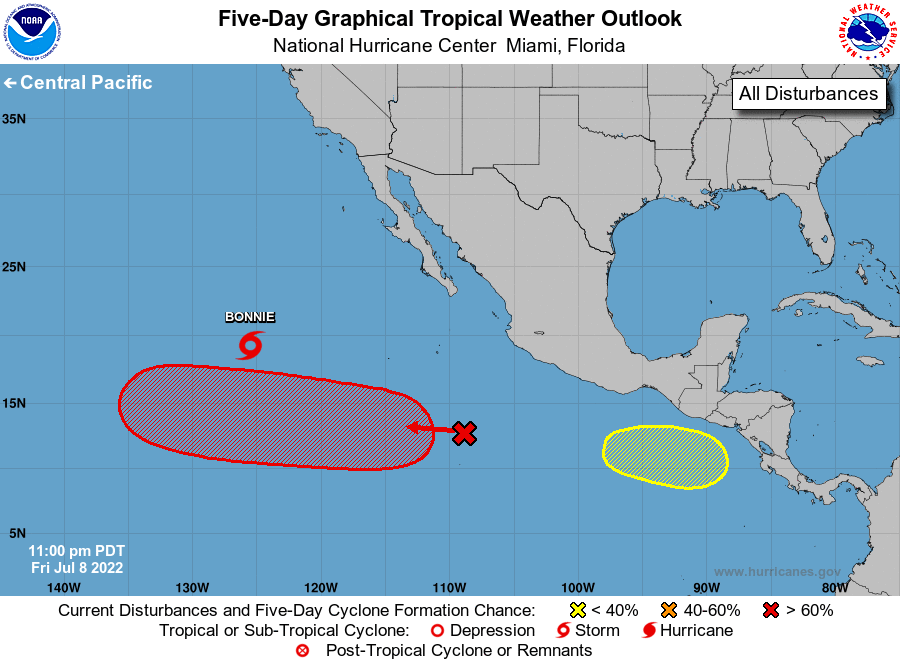
For the eastern North Pacific...east of 140 degrees west longitude:

Active Systems: The National Hurricane Center is issuing advisories on Tropical Storm Bonnie, located several hundred miles west-southwest of the southern tip of the Baja California peninsula.

1. Offshore of Southwestern Mexico: Shower activity associated with a broad area of low pressure located several hundred miles southwest of the southwestern coast of Mexico has changed little in organization during the past several hours. Environmental conditions appear conducive for further development, and a tropical depression is likely to form over the central or western part of the eastern North Pacific basin later this weekend or early next week while the system moves generally westward at 15 to 20 mph.
* Formation chance through 48 hours...medium...40 percent.
* Formation chance through 5 days...high...70 percent.

2. West of Central America: A low pressure area is expected to form west of the coast of Central America by early next week. Environmental conditions are expected to be conducive for some gradual development of this system next week while it moves generally westward.
* Formation chance through 48 hours...low...near 0 percent.
* Formation chance through 5 days...low...20 percent.

Forecaster Beven